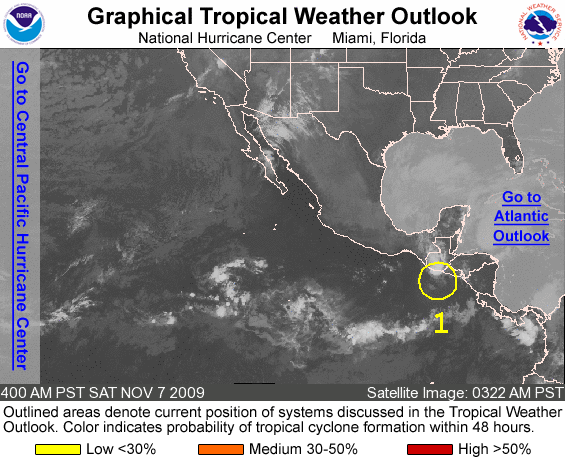
FOR THE EASTERN NORTH PACIFIC...EAST OF 140 DEGREES WEST LONGITUDE..

1. DISORGANIZED SHOWER AND THUNDERSTORM ACTIVITY CONTINUES IN ASSOCIATION WITH AN AREA OF LOW PRESSURE LOCATED ABOUT 100 MILES SOUTH OF THE GUATEMALA/COSTA RICA BORDER. UPPER-LEVEL WINDS ARE NOT CONDUCIVE FOR SIGNIFICANT DEVELOPMENT OF THIS SYSTEM AS IT MOVES NORTHEASTWARD AT 5 TO 10 MPH. THERE IS A LOW CHANCE...LESS THAN 30 PERCENT...OF THIS SYSTEM BECOMING A TROPICAL CYCLONE DURING THE NEXT 48 HOURS.

ELSEWHERE...TROPICAL CYCLONE FORMATION IS NOT EXPECTED DURING THE NEXT 48 HOURS.

FORECASTER BLAKE